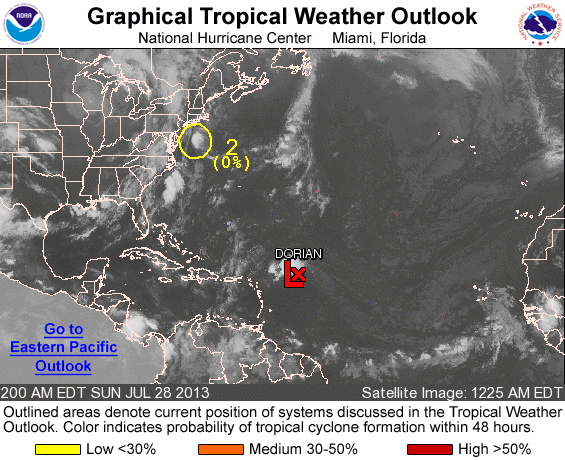
FOR THE NORTH ATLANTIC...CARIBBEAN SEA AND THE GULF OF MEXICO...

1. CLOUDINESS AND SHOWERS ASSOCIATED WITH THE REMNANTS OF DORIAN ARE CENTERED ABOUT 350 MILES NORTHEAST OF THE NORTHERN LEEWARD ISLANDS. THIS ACTIVITY IS MOVING WESTWARD AT 15 TO 20 MPH AND IS EXPECTED TO PASS NORTH OF THE LEEWARD ISLANDS AND PUERTO RICO DURING THE NEXT 24 TO 36 HOURS. ALTHOUGH ENVIRONMENTAL CONDITIONS ARE NOT FAVORABLE FOR REGENERATION...AN AIR FORCE PLANE IS READY TO INVESTIGATE THIS DISTURBANCE LATER TODAY...IF NECESSARY. THIS SYSTEM HAS A LOW CHANCE...10 PERCENT...OF BECOMING A TROPICAL CYCLONE DURING THE NEXT 48 HOURS.

2. A NON-TROPICAL AREA OF LOW PRESSURE LOCATED ABOUT 225 MILES SOUTH-SOUTHWEST OF CAPE COD IS RACING NORTHEASTWARD AND IS EXPECTED TO MERGE WITH A FRONTAL SYSTEM. THIS SYSTEM HAS A LOW CHANCE...NEAR 0 PERCENT...OF BECOMING A TROPICAL CYCLONE DURING THE NEXT 48 HOURS.

ELSEWHERE...TROPICAL CYCLONE FORMATION IS NOT EXPECTED DURING THE NEXT 48 HOURS.

FORECASTER AVILA